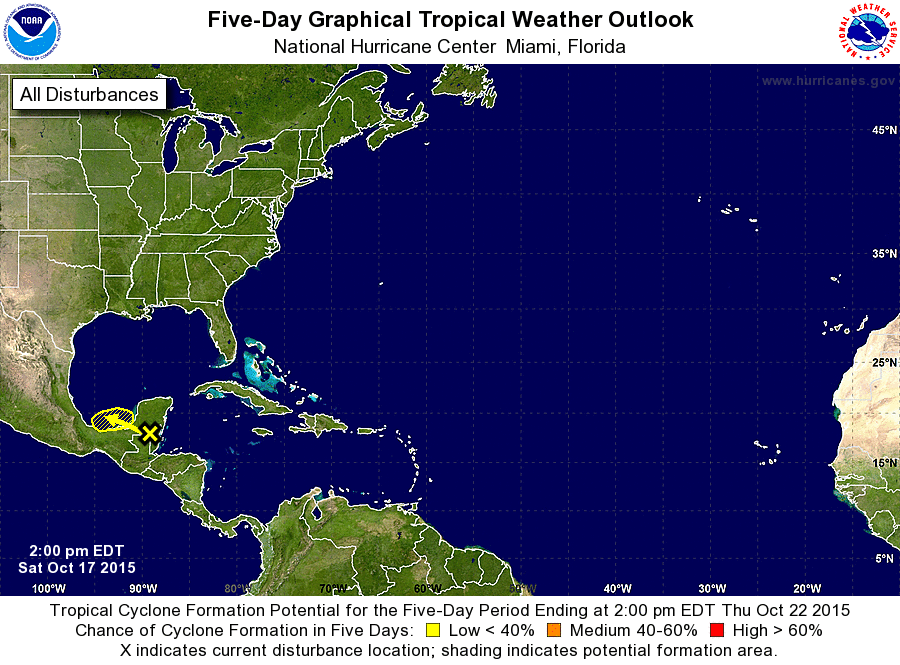
For the North Atlantic...Caribbean Sea and the Gulf of Mexico:

1. An area of low pressure located inland about 60 miles west-southwest of Chetumal, Mexico, is producing shower and thunderstorm activity across portions of the northwestern Caribbean Sea and the Yucatan Peninsula. While the circulation of the low has become a little better defined today, significant development is not expected through tonight while the low moves slowly west-northwestward across the southern Yucatan peninsula. However, some development is possible on Sunday or Monday if the low emerges into the southern Bay of Campeche. An Air Force Reserve Hurricane Hunter aircraft is scheduled to investigate this system Sunday afternoon, if necessary. Regardless of tropical cyclone formation, this system will likely produce heavy rainfall across portions of Belize, northern Guatemala, the Yucatan Peninsula, and southeastern Mexico through Monday.
* Formation chance through 48 hours...low...20 percent
* Formation chance through 5 days...low...20 percent

Forecaster Brennan